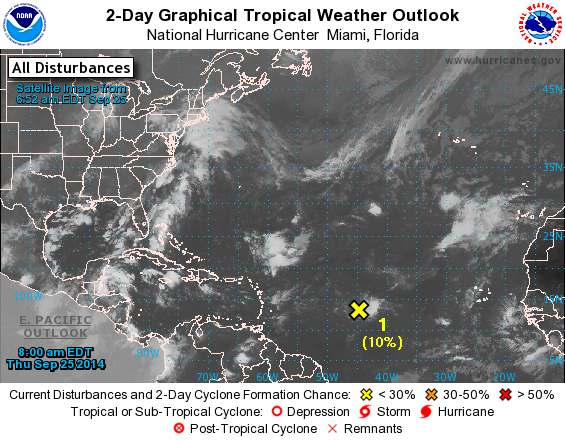
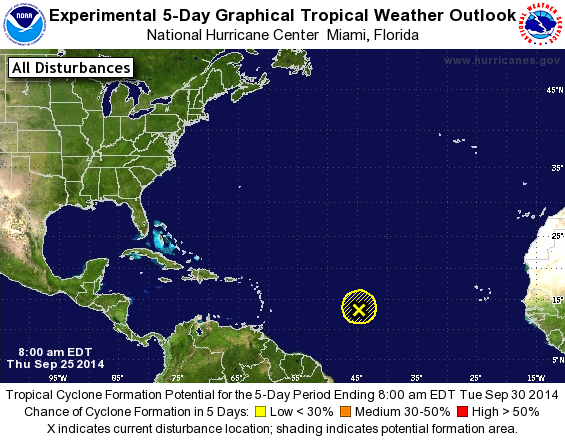
For the North Atlantic...Caribbean Sea and the Gulf of Mexico:

1. An elongated low pressure area located about 1100 miles east of the Windward Islands is producing disorganized showers and thunderstorms. Environmental conditions are not conducive for significant development and tropical cyclone formation is unlikely.
* Formation chance through 48 hours...low...10 percent.
* Formation chance through 5 days...low...10 percent.

Forecaster Brown